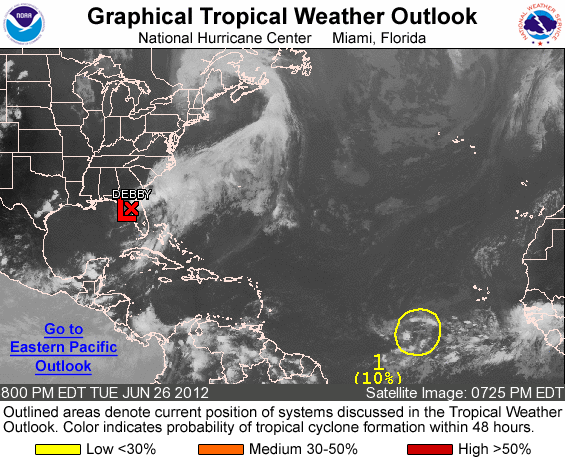
FOR THE NORTH ATLANTIC...CARIBBEAN SEA AND THE GULF OF MEXICO...

THE NATIONAL HURRICANE CENTER IS ISSUING ADVISORIES ON RECENTLY DOWNGRADED TROPICAL DEPRESSION DEBBY...LOCATED ABOUT 25 MILES NORTH OF CEDAR KEY FLORIDA.

1. A TROPICAL WAVE LOCATED ABOUT 840 MILES WEST-SOUTHWEST OF THE CAPE VERDE ISLANDS IS PRODUCING DISORGANIZED SHOWERS AND THUNDERSTORMS. ANY DEVELOPMENT OF THIS SYSTEM SHOULD BE SLOW TO OCCUR AS IT MOVES WESTWARD AT 10 TO 15 MPH. THIS SYSTEM HAS A LOW CHANCE...10 PERCENT...OF BECOMING A TROPICAL CYCLONE DURING THE NEXT 48 HOURS.

ELSEWHERE...TROPICAL CYCLONE FORMATION IS NOT EXPECTED DURING THE NEXT 48 HOURS.

FORECASTER ROBERTS